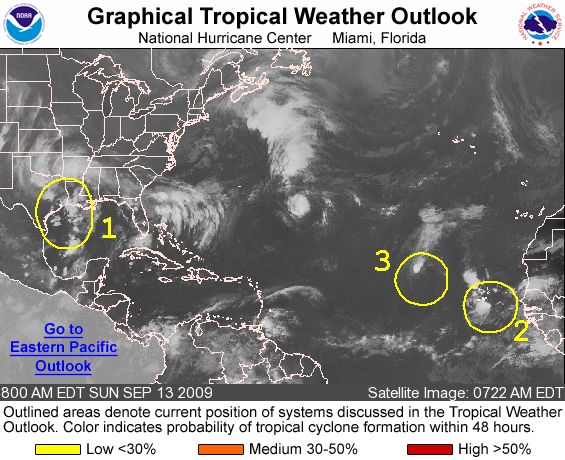
FOR THE NORTH ATLANTIC...CARIBBEAN SEA AND THE GULF OF MEXICO...

1. THE AREA OF LOW PRESSURE THAT WAS LOCATED OVER THE NORTHWESTERN GULF MEXICO HAS MOVED INLAND OVER EASTERN TEXAS. THIS SYSTEM IS EXPECTED TO BRING LOCALLY HEAVY RAIN TO PORTIONS OF THE SOUTH-CENTRAL UNITED STATES OVER THE NEXT FEW DAYS. FOR ADDITIONAL INFORMATION ON THIS SYSTEM...SEE PRODUCTS ISSUED BY YOUR LOCAL NATIONAL WEATHER SERVICE FORECAST OFFICE.

2. A BROAD LOW PRESSURE AREA LOCATED ABOUT 125 MILES SOUTHEAST OF THE SOUTHERN CAPE VERDE ISLANDS IS PRODUCING DISORGANIZED SHOWERS AND THUNDERSTORMS. ANY DEVELOPMENT OF THIS SYSTEM IS EXPECTED TO BE SLOW TO OCCUR AS IT MOVES SLOWLY WEST-NORTHWESTWARD DURING THE NEXT COUPLE OF DAYS. THERE IS A LOW CHANCE...LESS THAN 30 PERCENT...OF THIS SYSTEM BECOMING A TROPICAL CYCLONE DURING THE NEXT 48 HOURS.

3. A LOW PRESSURE AREA...THE REMNANT CIRCULATION OF FRED...IS LOCATED ABOUT 625 MILES WEST OF THE NORTHERNMOST CAPE VERDE ISLANDS. WHILE REGENERATION INTO A TROPICAL CYCLONE IS NOT EXPECTED DURING THE NEXT COUPLE OF DAYS...THIS SYSTEM WILL LIKELY PRODUCE DISORGANIZED AND INTERMITTENT SHOWERS AND THUNDERSTORMS AS IT MOVES SLOWLY WESTWARD. THERE IS A LOW CHANCE...LESS THAN 30 PERCENT...OF THIS SYSTEM BECOMING A TROPICAL CYCLONE AGAIN DURING THE NEXT 48 HOURS.

ELSEWHERE...TROPICAL CYCLONE FORMATION IS NOT EXPECTED DURING THE NEXT 48 HOURS.

FORECASTER BROWN